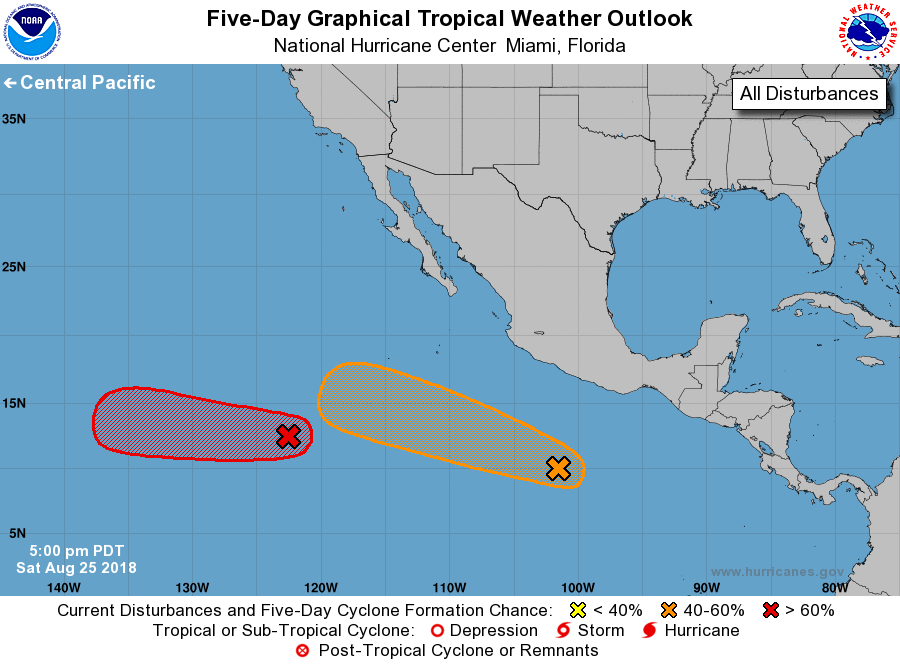
For the eastern North Pacific...east of 140 degrees west longitude:

1. An area of low pressure located just over 1000 miles southwest of the southern tip of the Baja California peninsula appears to be becoming a little better organized. Although satellite data indicate that a well-defined surface circulation has not yet formed, environmental conditions appear conducive for additional development, and a tropical depression is likely to form within the next few days while the system moves westward around 10 mph.
* Formation chance through 48 hours...medium...40 percent.
* Formation chance through 5 days...high...70 percent.

2. A broad low pressure system located about 500 miles south of Acapulco, Mexico, continues to produce a large area of disorganized showers and thunderstorms. Slow development of this system is expected over the next several days, and a tropical depression could form by the middle of next week while it moves westward or west-northwestward at 10 mph.
* Formation chance through 48 hours...low...20 percent.
* Formation chance through 5 days...medium...60 percent.

Forecaster Zelinsky